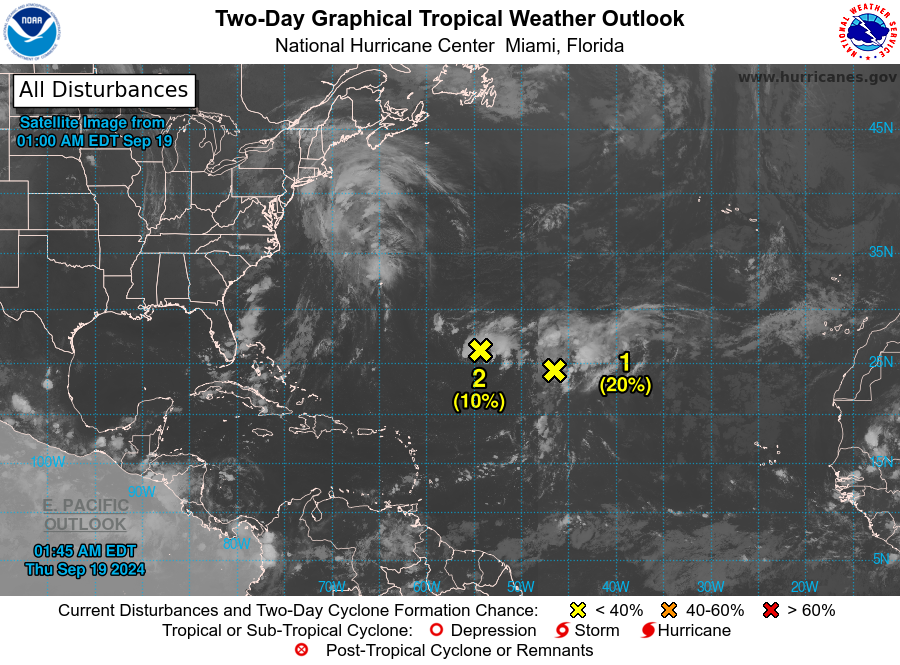
For the North Atlantic...Caribbean Sea and the Gulf of Mexico:

1. Central Subtropical Atlantic (Remnants of Gordon): An area of disorganized showers and thunderstorms located over the central tropical Atlantic is associated with the remnants of Gordon. This system is forecast to interact with another area of low pressure to its west while moving north-northeastward at 5 to 10 mph during the next couple of days. While environmental conditions appear only marginally conducive for additional development by the end of this week, a tropical depression or storm could still re-form in a few days while the system moves slowly northward over the central subtropical Atlantic.
* Formation chance through 48 hours...low...20 percent.
* Formation chance through 7 days...medium...40 percent.

2. Central and Western Subtropical Atlantic: Shower and thunderstorm activity has increased tonight with a well-defined area of low pressure located a few hundred miles to the northwest of the remnants of Gordon. Environmental conditions appear only marginally conducive, but some additional development of this system is possible as it meanders over the open waters of the central or western Subtropical Atlantic though early next week.
* Formation chance through 48 hours...low...10 percent.
* Formation chance through 7 days...low...20 percent.

3. Northwestern Caribbean Sea and Southeastern Gulf of Mexico: A broad area of low pressure could form late this weekend or early next week over the western and northwestern Caribbean Sea. Thereafter, gradual development of this system is possible, and a tropical depression could form as the system moves slowly to the north or northwest over the northwestern Caribbean Sea and into the southeastern Gulf of Mexico through the middle part of next week.
* Formation chance through 48 hours...low...near 0 percent.
* Formation chance through 7 days...medium...40 percent.

Forecaster Papin